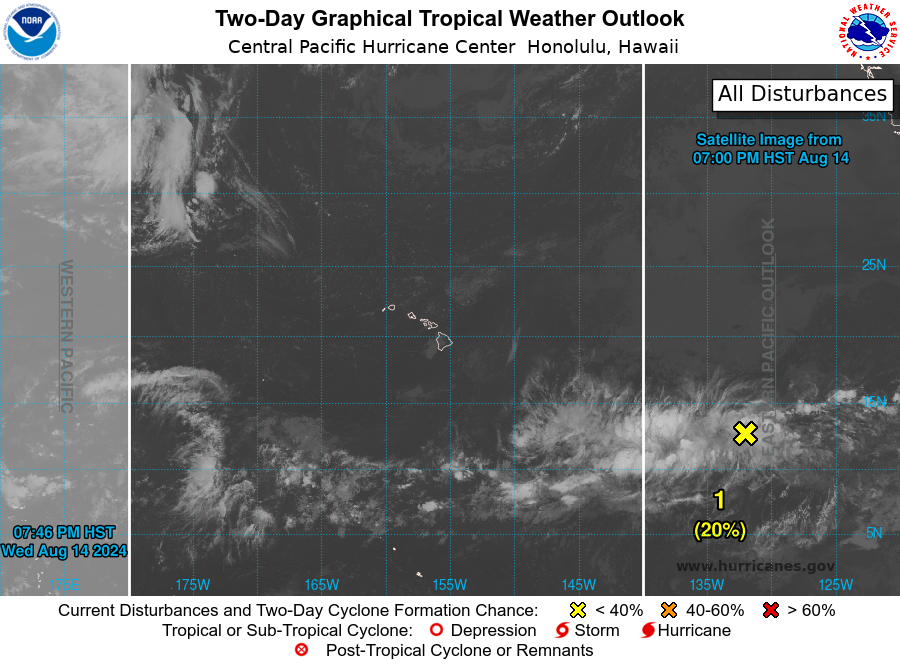
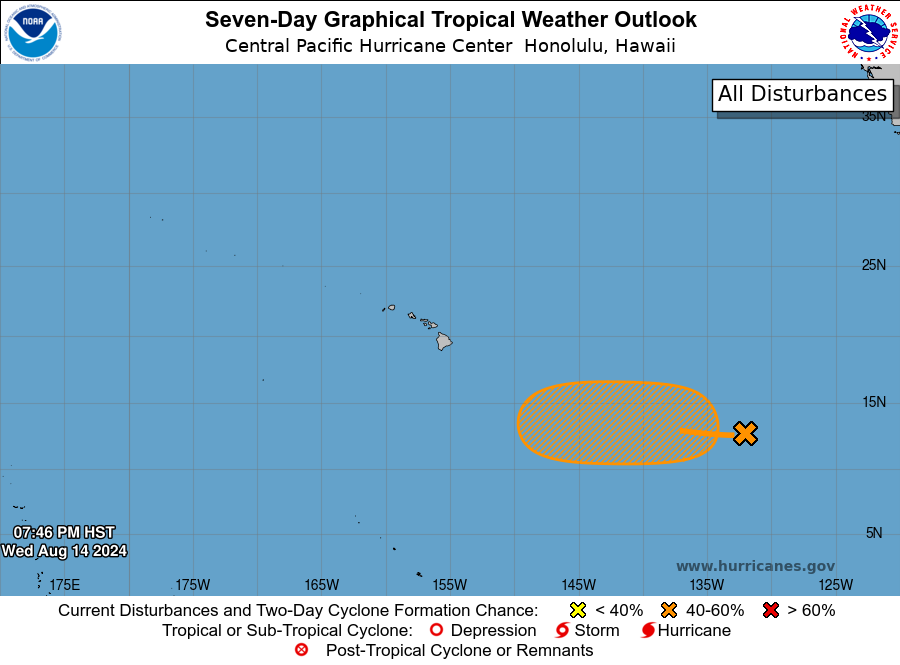
For the central North Pacific...between 140W and 180W:

1. Well southeast of the Hawaiian Islands: A broad area of low pressure will likely form during the next couple of days well southeast of the Hawaiian Islands. Environmental conditions appear conducive for gradual development thereafter, and a tropical depression could form this weekend or early next week while the system moves westward.
* Formation chance through 48 hours...low...20 percent.
* Formation chance through 7 days...medium...60 percent.

Elsewhere, no tropical cyclones are expected during the next 7 days.

Forecaster Jelsema